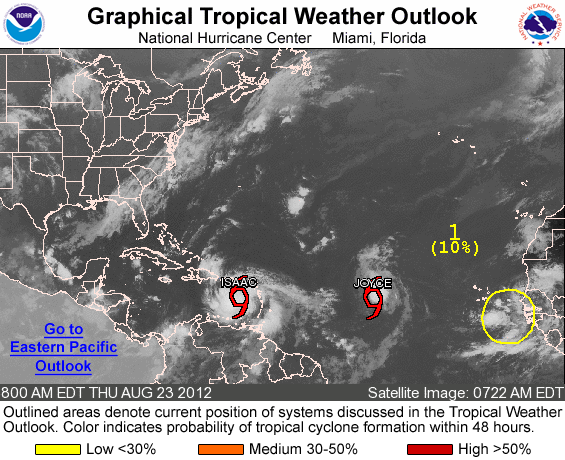
FOR THE NORTH ATLANTIC...CARIBBEAN SEA AND THE GULF OF MEXICO...

THE NATIONAL HURRICANE CENTER IS ISSUING ADVISORIES ON TROPICAL STORM ISAAC...LOCATED ABOUT 225 MILES SOUTH-SOUTHEAST OF SAN JUAN PUERTO RICO...AND TROPICAL DEPRESSION TEN...LOCATED ABOUT 1110 MILES WEST OF THE CAPE VERDE ISLANDS.

1. SHOWERS AND THUNDERSTORMS BETWEEN THE WEST COAST OF AFRICA AND THE CAPE VERDE ISLANDS ARE ASSOCIATED WITH A TROPICAL WAVE. ANY DEVELOPMENT OF THIS DISTURBANCE IS EXPECTED TO BE SLOW TO OCCUR... AND THIS SYSTEM HAS A LOW CHANCE...10 PERCENT...OF BECOMING A TROPICAL CYCLONE DURING THE NEXT 48 HOURS AS IT MOVES GENERALLY WESTWARD AT ABOUT 15 MPH.

ELSEWHERE...TROPICAL CYCLONE FORMATION IS NOT EXPECTED DURING THE NEXT 48 HOURS.

&&
PUBLIC ADVISORIES ON TROPICAL DEPRESSION TEN ARE ISSUED UNDER WMO HEADER WTNT35 KNHC AND UNDER AWIPS HEADER MIATCPAT5. FORECAST/ADVISORIES ON TROPICAL DEPRESSION TEN ARE ISSUED UNDER WMO HEADER WTNT25 KNHC AND UNDER AWIPS HEADER MIATCMAT5.

FORECASTER KIMBERLAIN